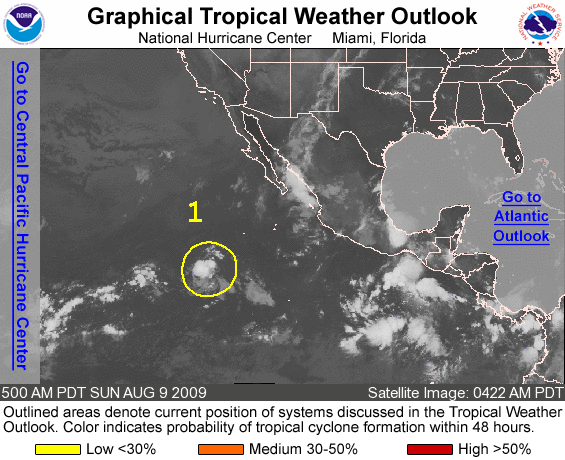
FOR THE EASTERN NORTH PACIFIC...EAST OF 140 DEGREES WEST LONGITUDE..

1. AN AREA OF LOW PRESSURE LOCATED ABOUT 850 MILES SOUTHWEST OF THE SOUTHERN TIP OF BAJA CALIFORNIA IS PRODUCING DISORGANIZED SHOWERS AND THUNDERSTORMS. SOME SLOW DEVELOPMENT OF THIS SYSTEM IS POSSIBLE OVER THE NEXT COUPLE OF DAYS AS IT MOVES TOWARD THE WEST OR WEST-NORTHWEST AT ABOUT 10 MPH. THERE IS A LOW CHANCE...LESS THAN 30 PERCENT...OF THIS SYSTEM BECOMING A TROPICAL CYCLONE DURING THE NEXT 48 HOURS.

ELSEWHERE...TROPICAL CYCLONE FORMATION IS NOT EXPECTED DURING THE NEXT 48 HOURS.

FORECASTER PASCH